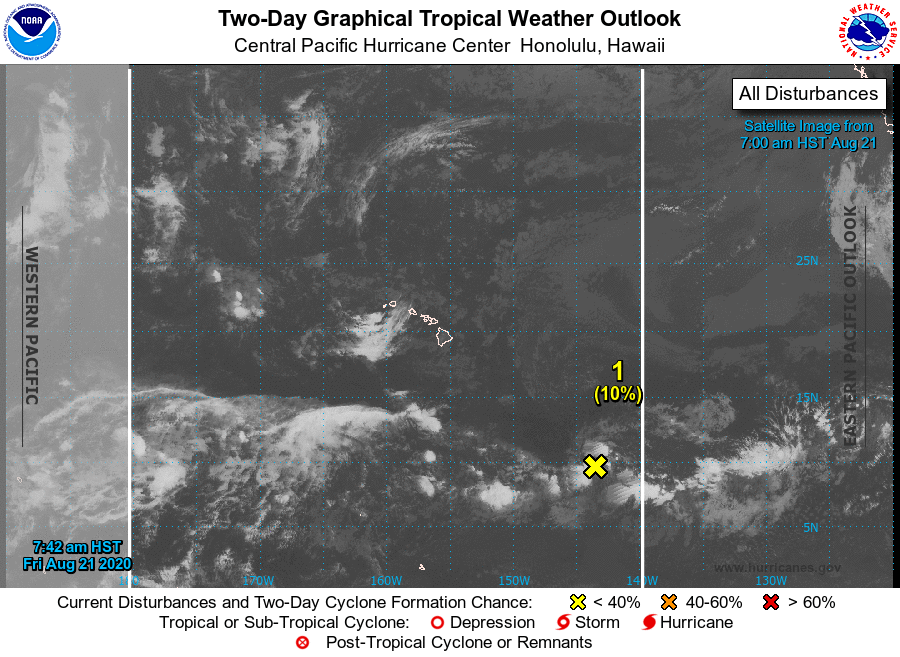
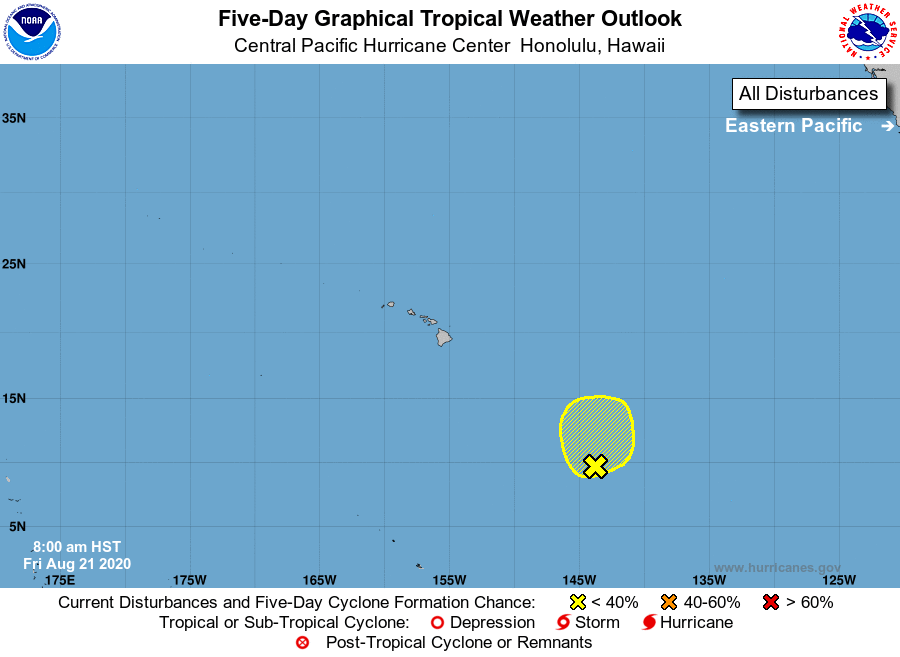
For the central North Pacific...between 140W and 180W:

1. An area of low pressure located around 1000 miles southeast of Hilo, Hawaii, is producing scattered showers and thunderstorms. Environmental conditions appear marginally conducive for development as the system slowly moves north over the next few days.
* Formation chance through 48 hours...low...10 percent.
* Formation chance through 5 days...low...20 percent.

Elsewhere, no tropical cyclones are expected during the next 5 days.

Forecaster Blood